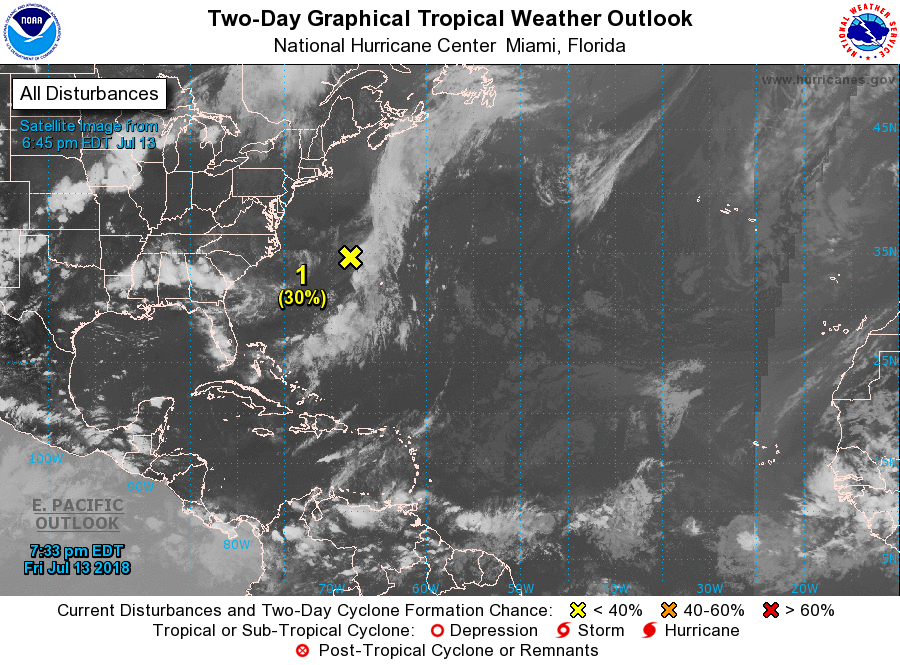
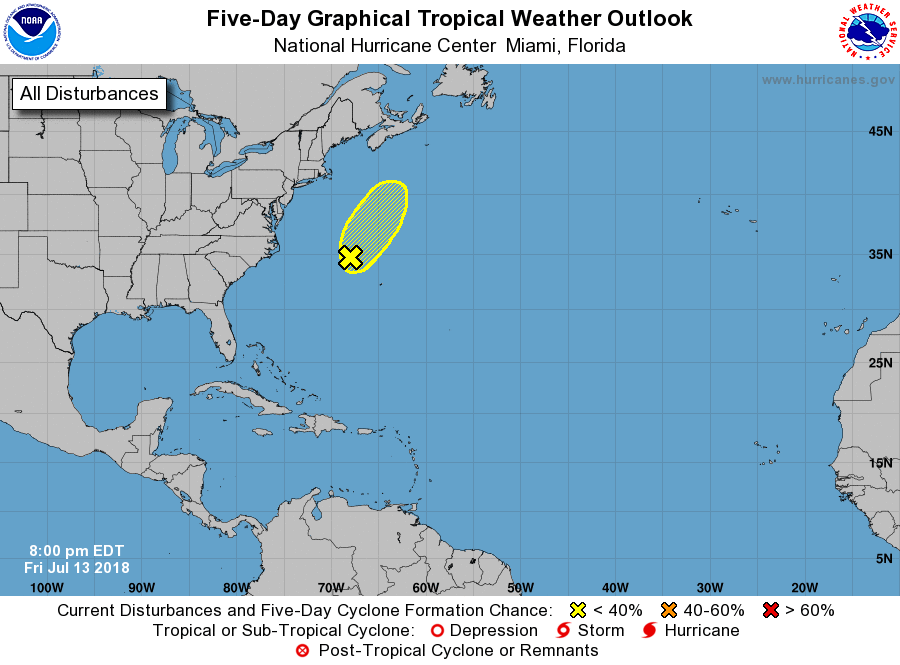
For the North Atlantic...Caribbean Sea and the Gulf of Mexico:

1. An area of low pressure, associated with the remnants of Beryl, is located about 200 miles northwest of Bermuda. Although this system has become a little better organized since yesterday, upper-level winds are forecast to be only marginally conducive for additional development while the low moves north-northeastward at about 10 mph. By Sunday, the system should reach colder waters north of the Gulf Stream, where development is unlikely.
* Formation chance through 48 hours...low...30 percent.
* Formation chance through 5 days...low...30 percent.

Forecaster Pasch